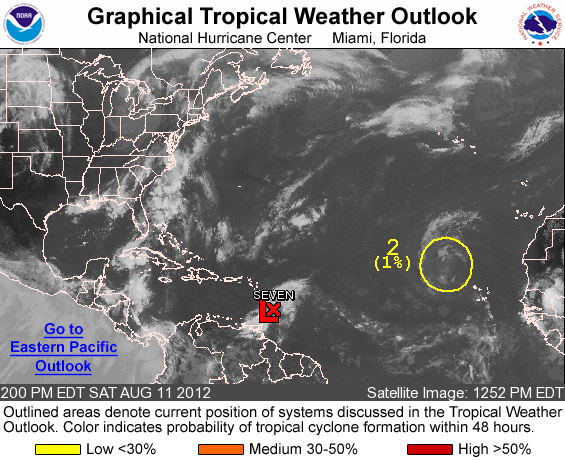
FOR THE NORTH ATLANTIC...CARIBBEAN SEA AND THE GULF OF MEXICO...

1. THE NATIONAL HURRICANE CENTER HAS ISSUED THE LAST ADVISORY ON TROPICAL DEPRESSION SEVEN. THE DEPRESSION HAS DEGENERATED INTO A TROPICAL WAVE...WHICH IS NOW LOCATED VERY NEAR THE WINDWARD ISLANDS MOVING WESTWARD AT ABOUT 20 MPH. HEAVY RAINS AND GUSTY WINDS ARE EXPECTED ACROSS PORTIONS OF THE LESSER ANTILLES THROUGH SUNDAY. ENVIRONMENTAL CONDITIONS ACROSS THE CARIBBEAN SEA ARE NOT EXPECTED TO BE CONDUCIVE FOR REGENERATION...AND THIS SYSTEM HAS A LOW CHANCE...10 PERCENT...OF AGAIN BECOMING A TROPICAL CYCLONE DURING THE NEXT 48 HOURS.

2. A BROAD AREA OF LOW PRESSURE LOCATED OVER THE FAR EASTERN ATLANTIC ABOUT 325 MILES NORTHWEST OF THE CAPE VERDE ISLANDS IS PRODUCING MINIMAL SHOWER ACTIVITY. THE LOW IS MOVING OVER COOL WATERS...AND SIGNIFICANT DEVELOPMENT IS NOT ANTICIPATED DURING THE NEXT COUPLE OF DAYS. THIS SYSTEM HAS A LOW CHANCE...10 PERCENT...OF BECOMING A TROPICAL CYCLONE DURING THE NEXT 48 HOURS AS IT MOVES WEST- NORTHWESTWARD AT ABOUT 20 MPH.

ELSEWHERE...TROPICAL CYCLONE FORMATION IS NOT EXPECTED DURING THE NEXT 48 HOURS.

FORECASTER BERG